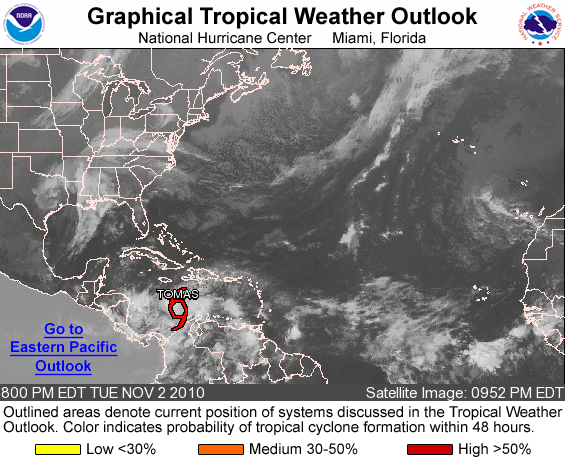
FOR THE NORTH ATLANTIC...CARIBBEAN SEA AND THE GULF OF MEXICO...

THE NATIONAL HURRICANE CENTER IS ISSUING ADVISORIES ON TROPICAL STORM TOMAS...LOCATED ABOUT 395 MILES SOUTH OF PORT-AU-PRINCE HAITI.

ELSEWHERE...TROPICAL CYCLONE FORMATION IS NOT EXPECTED DURING THE NEXT 48 HOURS.

FORECASTER BLAKE